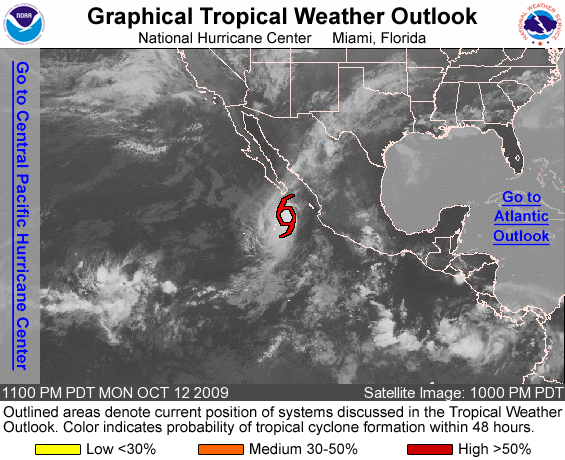
FOR THE EASTERN NORTH PACIFIC...EAST OF 140 DEGREES WEST LONGITUDE..

THE NATIONAL HURRICANE CENTER IS ISSUING ADVISORIES ON TROPICAL STORM PATRICIA...LOCATED ABOUT 180 MILES SOUTH OF THE SOUTHERN TIP OF BAJA CALIFORNIA.

ELSEWHERE...TROPICAL CYCLONE FORMATION IS NOT EXPECTED DURING THE NEXT 48 HOURS.

FORECASTER BROWN/ROBERTS